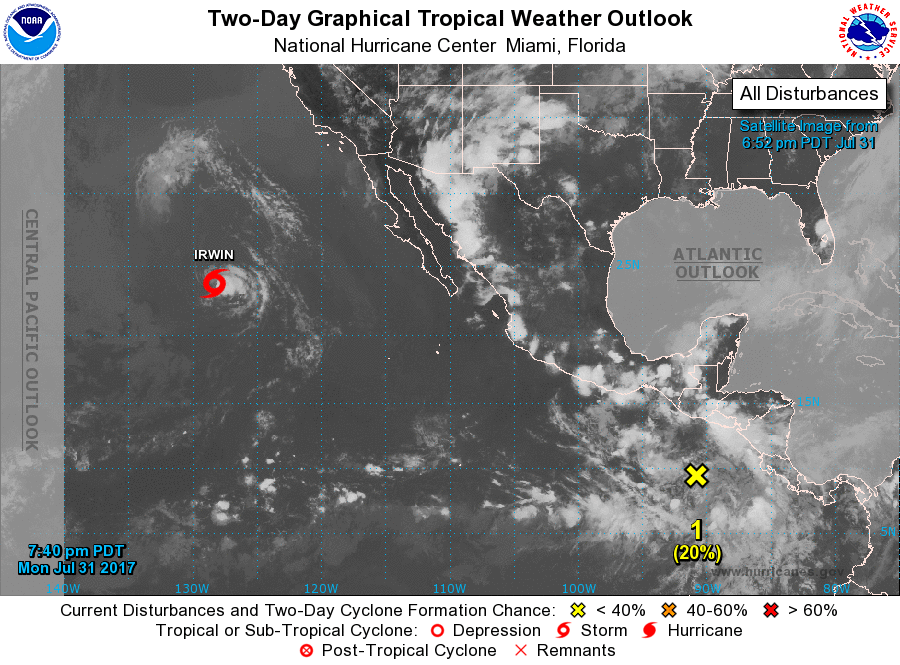
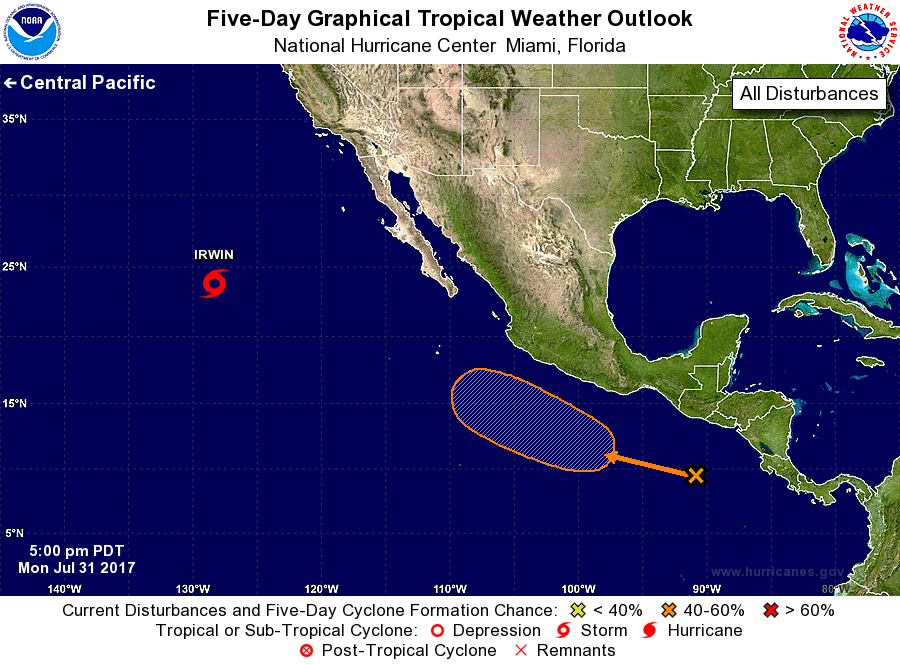
For the eastern North Pacific...east of 140 degrees west longitude:

The National Hurricane Center is issuing advisories on Tropical Storm Irwin, located more than a thousand miles west of the southern tip of the Baja California peninsula.

1. Disorganized showers and thunderstorms located over the far eastern Pacific Ocean are associated with a tropical wave. Environmental conditions appear conducive for some slow development of this disturbance during the next several days while it moves west- northwestward at 10 to 15 mph south of the coast of Mexico. Upper-level winds will likely become unfavorable for development by Friday.
* Formation chance through 48 hours...low...20 percent.
* Formation chance through 5 days...medium...40 percent.

Forecaster Berg